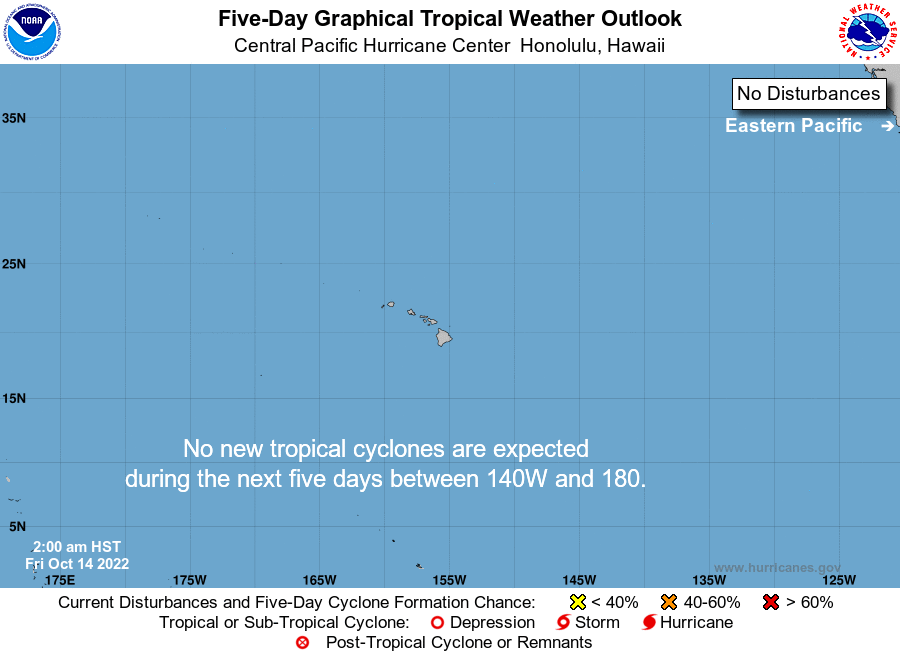
For the central North Pacific...between 140W and 180W:

No tropical cyclones are expected during the next 5 days.

Forecaster Shigesato